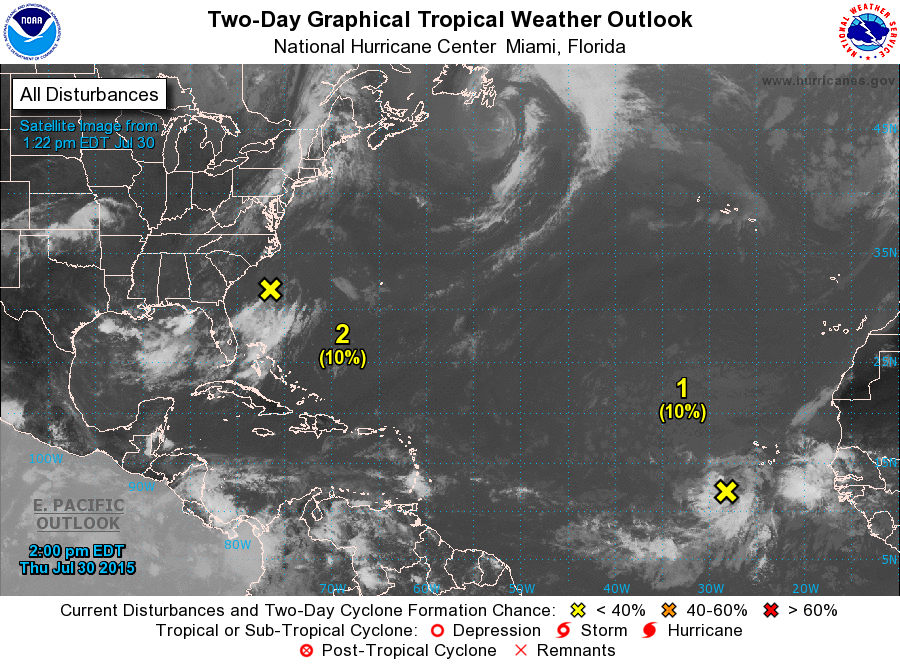
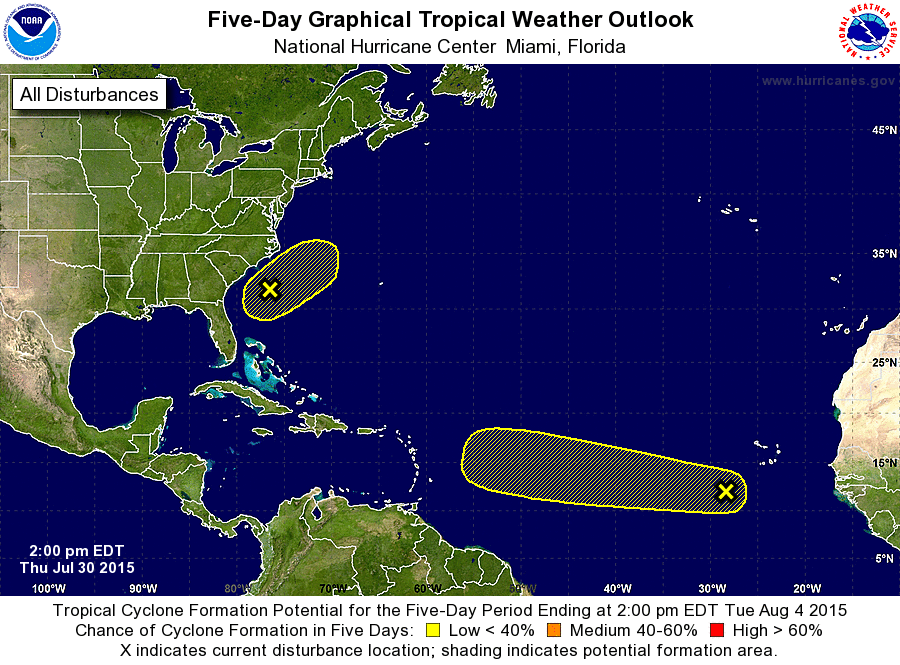
For the North Atlantic...Caribbean Sea and the Gulf of Mexico:

1. A tropical wave accompanied by a low pressure system is located a few hundred miles southwest of the Cape Verde Islands. This disturbance continues to produce a large area of showers and thunderstorms, and some slow development is possible into early next week while the system moves westward at about 15 mph.
* Formation chance through 48 hours...low...10 percent
* Formation chance through 5 days...low...30 percent

2. An elongated area of low pressure located about 250 miles east of the South Carolina coast is accompanied by disorganized shower and thunderstorm activity. The low is expected to move northeastward parallel to the southeastern coast of the United States with no significant development, and is forecast to merge with a frontal system on Friday.
* Formation chance through 48 hours...low...10 percent
* Formation chance through 5 days...low...10 percent

Forecaster Stewart